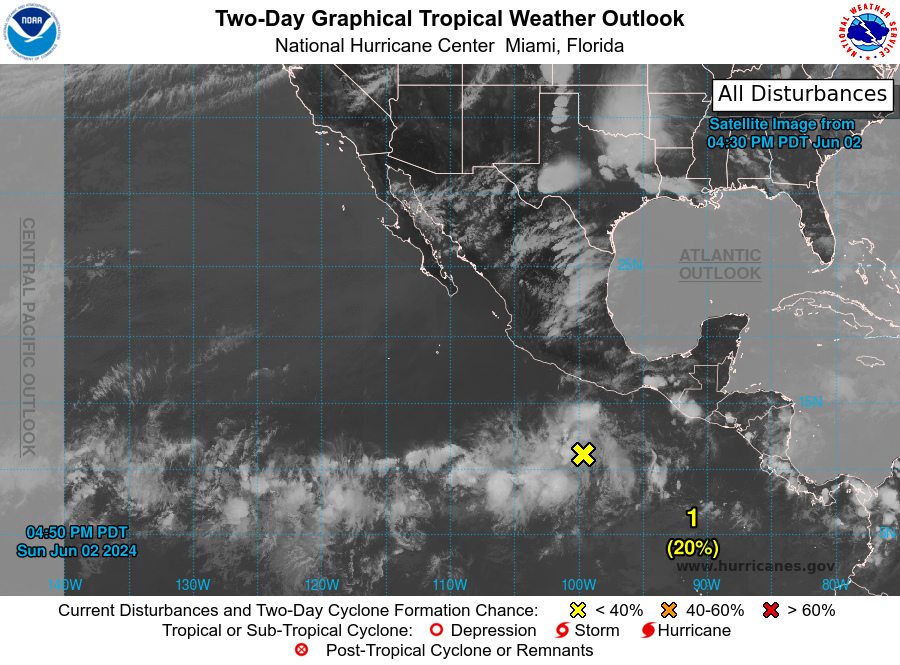
For the eastern North Pacific...east of 140 degrees west longitude:

1. South of the Coast of Southern Mexico: Satellite imagery indicates that showers and thunderstorms associated with the low pressure area located several hundred miles south of Acapulco, Mexico, have become a little better organized since yesterday. However, environmental conditions do not appear conducive for significant additional development, and the system is expected to weaken during the next few days as it moves little.
* Formation chance through 48 hours...low...20 percent.
* Formation chance through 7 days...low...20 percent.

Forecaster Beven